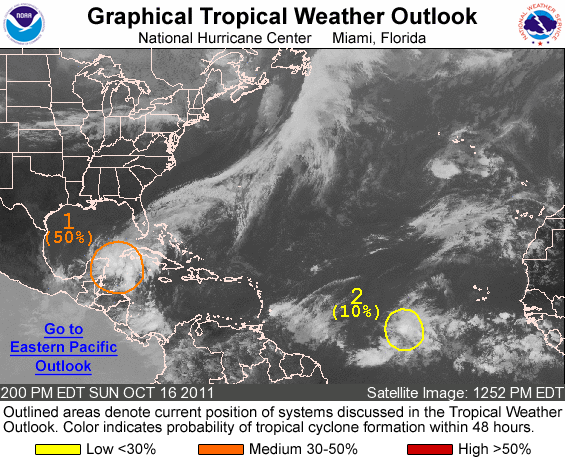
FOR THE NORTH ATLANTIC...CARIBBEAN SEA AND THE GULF OF MEXICO...

1. SURFACE OBSERVATIONS INDICATE THAT THE CENTER OF THE LARGE LOW PRESSURE AREA NEAR THE YUCATAN PENINSULA IS NOT WELL DEFINED BUT MAY BE REFORMING JUST TO THE EAST OF COZUMEL. THE LOW CONTINUES TO PRODUCE WINDS TO NEAR TROPICAL STORM FORCE IN THE VICINITY OF THE YUCATAN CHANNEL AND THE WESTERN STRAITS OF FLORIDA. ALTHOUGH THIS SYSTEM IS LIKELY TO INTERACT WITH THE LAND MASS OF THE YUCATAN PENINSULA DURING THE NEXT DAY OR SO...SOME GRADUAL DEVELOPMENT IS POSSIBLE AS THE LOW MOVES SLOWLY NORTHWESTWARD. THIS SYSTEM HAS A MEDIUM CHANCE...50 PERCENT...OF BECOMING A TROPICAL CYCLONE DURING THE NEXT 48 HOURS. REGARDLESS OF DEVELOPMENT...LOCALLY HEAVY RAINFALL IS EXPECTED TO CONTINUE OVER THE YUCATAN PENINSULA AND WESTERN CUBA DURING THE NEXT COUPLE OF DAYS.

2. AN AREA OF LOW PRESSURE LOCATED ABOUT 1500 MILES EAST OF THE WINDWARD ISLANDS CONTINUES TO PRODUCE DISORGANIZED SHOWERS AND THUNDERSTORMS. UPPER-LEVEL WINDS ARE EXPECTED TO BECOME LESS FAVORABLE FOR DEVELOPMENT OF THIS SYSTEM DURING THE NEXT COUPLE OF DAYS AS THE LOW MOVES WESTWARD AT 10 TO 15 MPH. THIS SYSTEM HAS A LOW CHANCE...10 PERCENT...OF BECOMING A TROPICAL CYCLONE DURING THE NEXT 48 HOURS.

ELSEWHERE...TROPICAL CYCLONE FORMATION IS NOT EXPECTED DURING THE NEXT 48 HOURS.

FORECASTER PASCH/CANGIALOSI